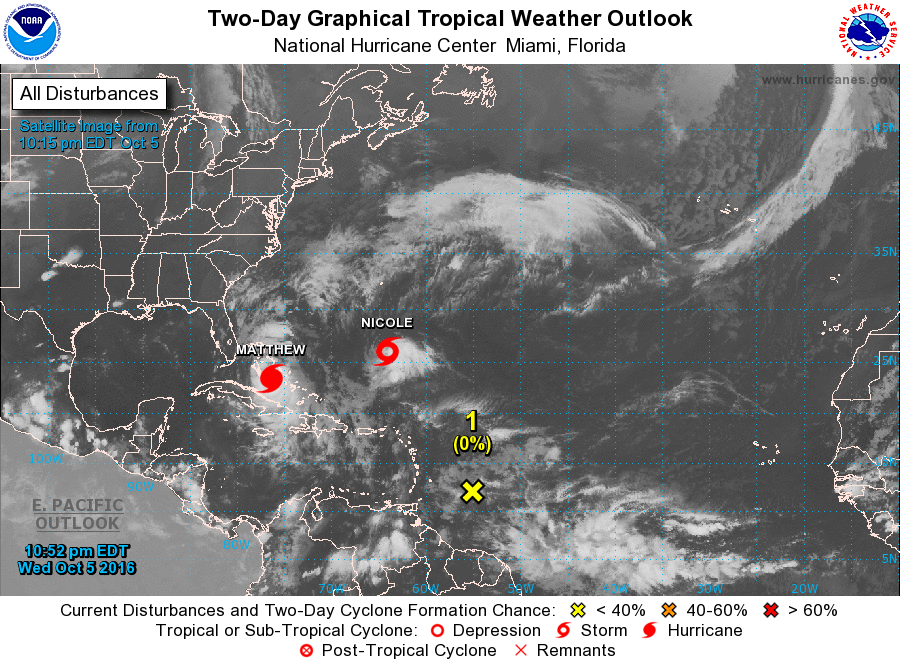
For the North Atlantic...Caribbean Sea and the Gulf of Mexico:

The National Hurricane Center is issuing advisories on Hurricane Matthew, located near the Bahamas, and on Tropical Storm Nicole, located several hundred miles north-northeast of Puerto Rico.

1. A tropical wave is producing a large area of cloudiness and showers a few hundred miles east of the Windward Islands. Development of this system is not expected during the next few days while it moves westward at 15 mph, but some development could be possible when the wave reaches the southwestern Caribbean Sea early next week. Locally heavy rains and gusty winds are possible in the Windward and southern Leeward Islands during the next couple of days as the wave moves through the area.
* Formation chance through 48 hours...low...near 0 percent
* Formation chance through 5 days...low...20 percent

Forecaster Blake